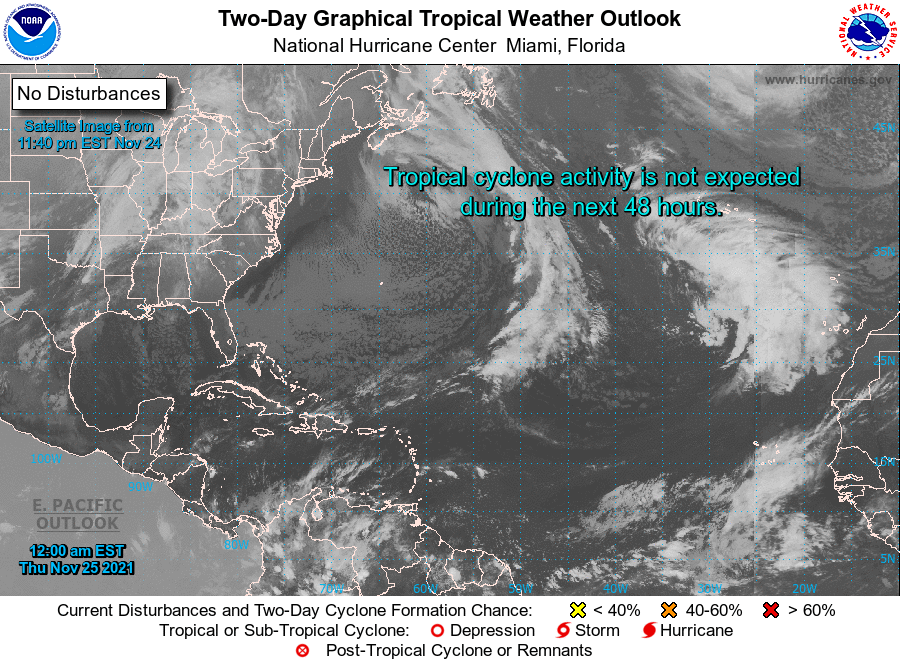
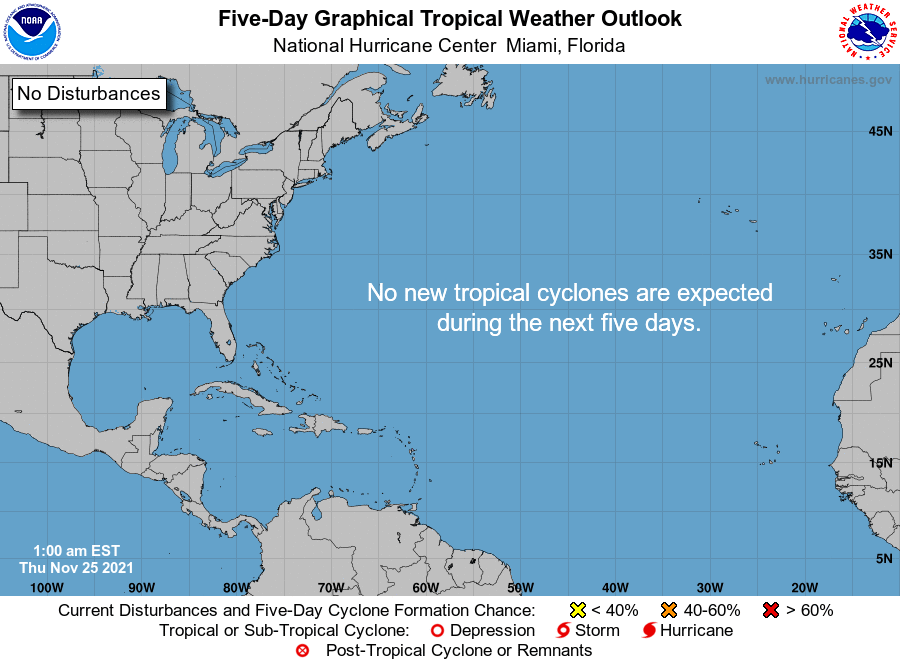
For the North Atlantic...Caribbean Sea and the Gulf of Mexico:

Tropical cyclone formation is not expected during the next 5 days.

Forecaster Cangialosi